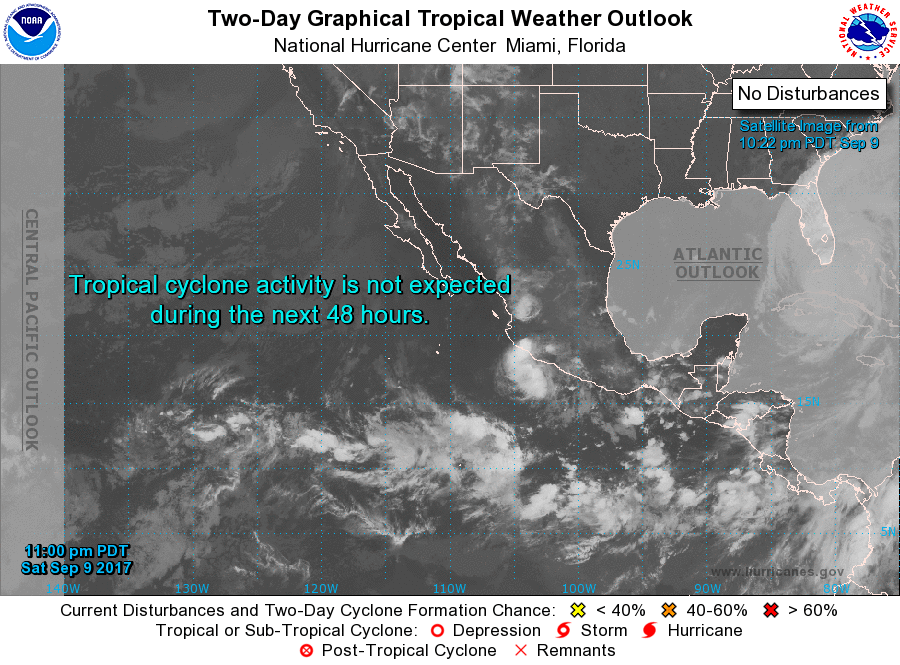
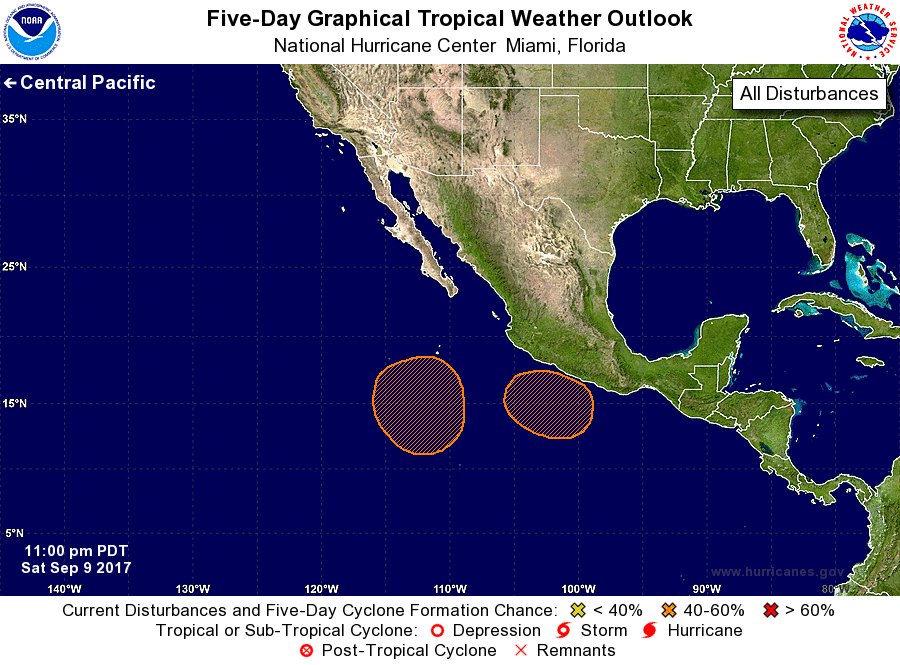
For the eastern North Pacific...east of 140 degrees west longitude:

1. An area of low pressure is expected to form well south of the Baja California peninsula by the middle of next week. Environmental conditions are expected to be conducive for gradual development after that time while it moves generally northward.
* Formation chance through 48 hours...low...near 0 percent.
* Formation chance through 5 days...medium...50 percent.

2. Another area of low pressure is expected to form a few hundred miles south of southern Mexico by early next week. Environmental conditions are expected to be marginally conducive for development while the system moves slowly northward.
* Formation chance through 48 hours...low...near 0 percent.
* Formation chance through 5 days...medium...40 percent.

Forecaster Cangialosi